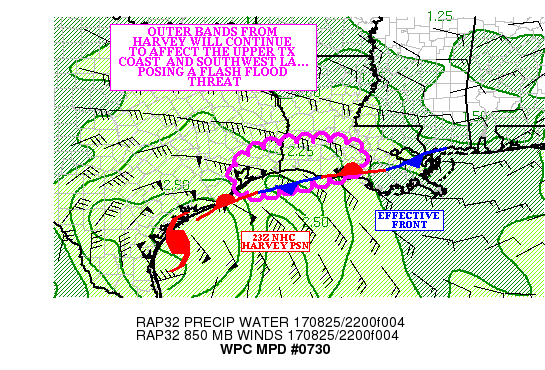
AREAS AFFECTED...UPPER TX COAST...SOUTHWEST LA

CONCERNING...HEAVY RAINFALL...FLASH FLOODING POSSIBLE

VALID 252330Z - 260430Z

SUMMARY...OUTER BANDS FROM HURRICANE HARVEY WILL CONTINUE TO CROSS
THE UPPER TX COAST AND NEARBY SOUTHWEST LA INTO THE LATE EVENING
HOURS.

DISCUSSION...THE GOES-16 CLEAN IR LOOP SHOWED BURSTS OF DEEP
CONVECTION IN THE OUTER BANDS OF HURRICANE HARVEY SOUTH OF THE
CENTRAL LA COAST (WITH TOPS AS COLD AS -80 CELSIUS). OTHER BURSTS
OF CONVECTION IN THE BANDING HAVE BEEN NOTED OVER THE UPPER TX
COAST (NORTHEAST OF HOUSTON)...THOUGH THE TOPS WERE NOT NEARLY AS
COLD.

THE LCH RADAR SHOWED HOURLY RAINFALL RATES NEAR 2.50 INCHES WITH
THE DEEP CONVECTION SOUTH OF THE CENTRAL LA COAST. AS THE BANDING
HAS APPROACHED THE COAST... INSTABILITY DECREASED NEAR A FRONTAL
BOUNDARY EXTENDING FROM THE MIDDLE TX COAST THROUGH SOUTHERN MS.
THE BEST INSTABILITY LIES SOUTH OF THE FRONT...AND AS THE
CONVECTION APPROACHES THE COAST... ISENTROPIC LIFT OVER THE FRONT
HAS BEEN SPREADING OUT THE ELEVATED INSTABILITY... RESULTING IN A
WEAKENING TREND FOR MOST OF THE OUTER BANDS.

THE HOURLY RATES OVER THE UPPER TX COAST WERE CLOSER TO 1.50/1.75
INCHES... WHERE INSTABILITY IS LOWER. THE LOW LEVEL CONVERGENCE
ALONG THE FRONT IS FOCUSING THE INSTABILITY AND 2.50 INCH
PRECIPITABLE WATER AIR INTO CONVECTION AS IT CROSSES THE UPPER TX
COAST...RESULTING IN ENHANCED RAINFALL RATES.

THE BANDING FEATURES ARE EXPECTED TO CONTINUE COMING ASHORE OVER
THE UPPER TX COAST AND NEARBY SOUTHWEST LA THROUGH THE LATE
EVENING HOURS. THE CONVECTION IS EXPECTED WEAKEN AS IT REACHES THE
COAST...BUT HOURLY RAINFALL RATES BETWEEN 1.50 AND 2.00 INCHES
COULD RESULT IN LOCAL 2.50 TO 5.00 INCHES OF QPF...ESPECIALLY
WHERE THE BANDING ALLOWS SHORT TERM TRAINING.

THE MOST RECENT HRRR SUPPORTS THE IDEA OF LOCAL 5.00 INCH
MAXIMA...MAINLY OVER THE UPPER TX COAST BETWEEN KGLS AND KBPT.
WHILE IS POSSIBLE THAT THE HRRR IS OVERESTIMATING THE AVAILABLE
INSTABILITY...THE CONTINUED HEAVY RAINFALL WITH THE BANDING
FEATURES WILL EXTEND THE FLASH FLOOD THREAT INTO THE LATE EVENING
HOURS.